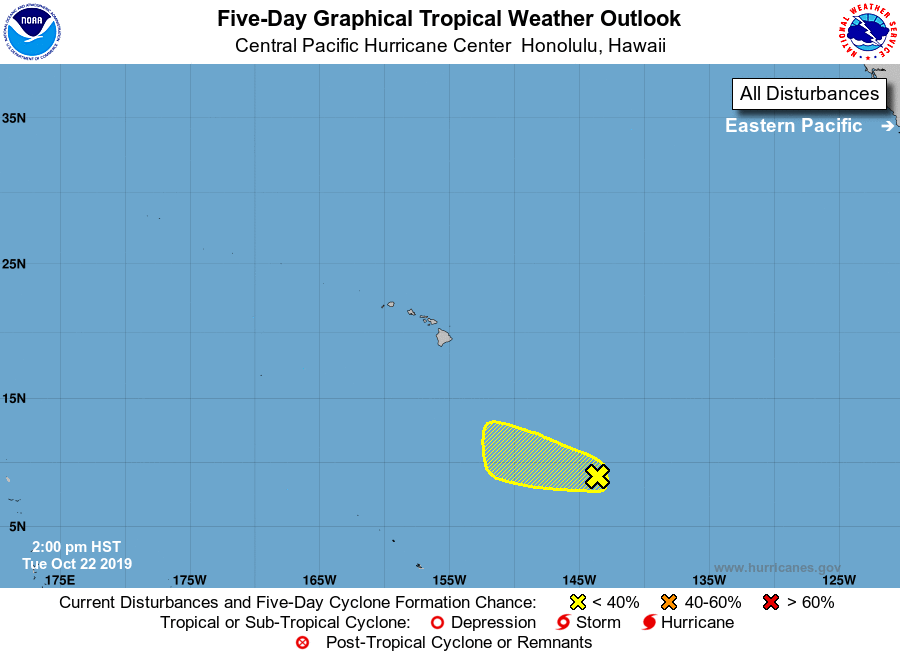
For the central North Pacific...between 140W and 180W:

1. Shower activity continues to diminsh in association with an area of low pressure about 1050 miles southeast of Hilo, Hawaii. This system is moving west-northwestward near 10 mph into unfavorable environmental conditions, and tropical cyclone formation is becoming less likely.
* Formation chance through 48 hours...low...30 percent.
* Formation chance through 5 days...low...30 percent.

Elsewhere, no tropical cyclones are expected during the next 5 days.

Forecaster Foster